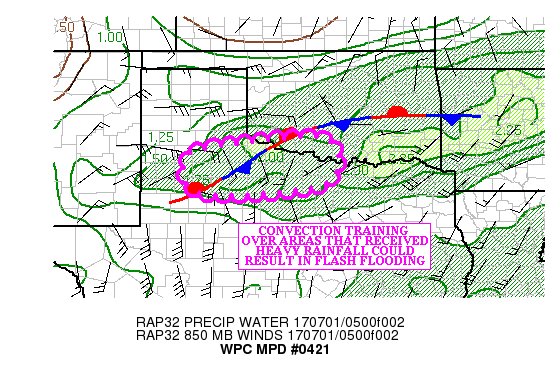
AREAS AFFECTED...NORTH TX INTO PORTIONS OF THE RED RIVER VALLEY

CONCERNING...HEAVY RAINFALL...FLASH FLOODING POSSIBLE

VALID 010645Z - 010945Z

SUMMARY...CONVECTION TRAINING OVER AREAS THAT RECEIVED EARLIER
HEAVY RAINFALL COULD PRODUCE FLASH FLOODING EARLY THIS MORNING.

DISCUSSION...THE INITIAL ROUND OF CONVECTION ACROSS THE RED RIVER
VALLEY HAS BECOME COLD POOL DOMINATED AND HAS ACCELERATED INTO
NORTHEAST TX AND FAR SOUTHEAST OK. ADDITIONAL CONVECTION IS
FORMING ON THE WESTERN EDGE OF AN AXIS OF 1000-2000 J/KG OF
MLCAPE. THE LOW LEVEL AIRMASS HAS BEEN MODIFIED BY THE EARLIER
CONVECTION...AND MODEL SOUNDINGS SHOWED SOME LOW LEVEL CIN ALONG
THE CENTRAL AND EASTERN RED RIVER VALLEY.

THE NEWLY DEVELOPING CONVECTION IS PRODUCING BURSTS OF COLD CLOUD
TOPS... INDICATING STRENGTHENING UPDRAFTS AND INCREASING RAINFALL
RATES. THE KTLX RADAR SHOWED HOURLY RAINFALL RATES APPROACHING
1.50 INCHES WITH THE NEWLY FORMED CONVECTION...BUT MESONET
OBSERVATIONS WERE NOT QUITE AS ROBUST AS THE RADAR OUTPUT.

THE KTLX RADAR SHOWED LOCAL 2.00 TO 4.00 INCH RAINFALL AMOUNTS
FROM THE EARLIER CONVECTION...AND THIS IS REFLECTED IN THE LATEST
HRRR SOIL SATURATION OVER THE WESTERN RED RIVER VALLEY. THIS SETS
THE STAGE FOR A FLASH FLOOD THREAT...AS THE NEW CONVECTION TRAINS
OVER THIS AREA.

IN THE NEAR TERM...THE TRAINING POSES A FLASH FLOOD THREAT...WITH
LOCAL 1.00 TO 2.00 INCH RAINFALL AMOUNTS POSSIBLE WITH THE
SCATTERED CONVECTION. THESE AMOUNTS ARE BASED MAINLY ON THE LATEST
HRRR...AND ASSUMES THAT TRAINING WILL OCCUR. THE ADDITIONAL
RAINFALL AMOUNTS COULD PRODUCE FLASH FLOODING OVER NEARLY
SATURATED SOILS.

AFTER 08Z...THERE IS A STRONG SIGNAL IN THE HIGH RESOLUTION
GUIDANCE THAT THE NEW CONVECTION PRODUCES A COLD POOL THAT HELPS
THE CONVECTION ACCELERATE TO THE SOUTHEAST...REDUCING THE FLASH
FLOOD THREAT.